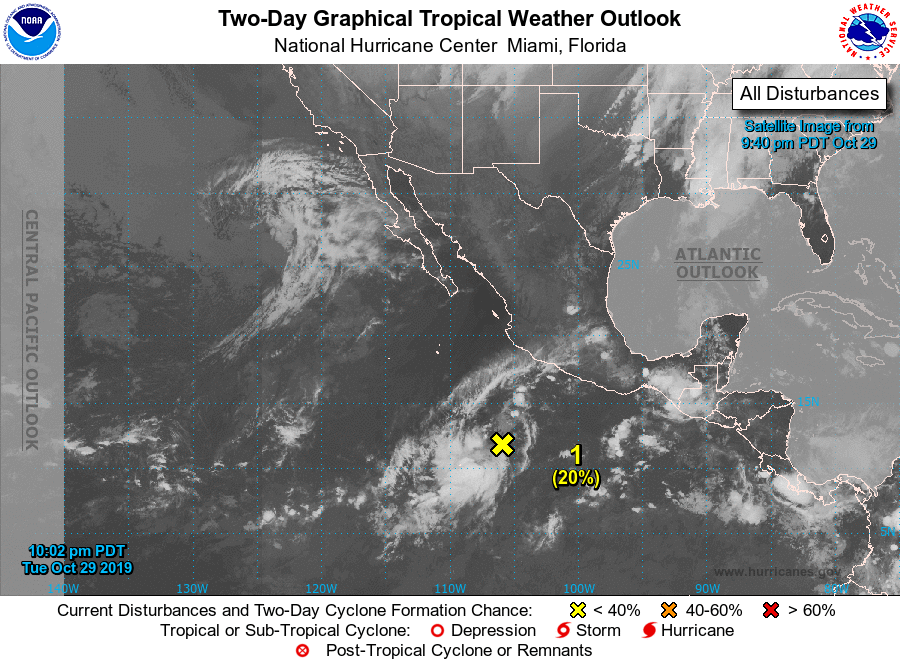
For the eastern North Pacific...east of 140 degrees west longitude:

1. Disorganized showers and thunderstorms located several hundred miles south of the southwestern coast of Mexico are associated with an elongated area of low pressure. Some slight development of this system is possible over the next day or so while it moves slowly westward. After that time, conditions are expected to become unfavorable for development.
* Formation chance through 48 hours...low...20 percent.
* Formation chance through 5 days...low...20 percent.

Forecaster Brown